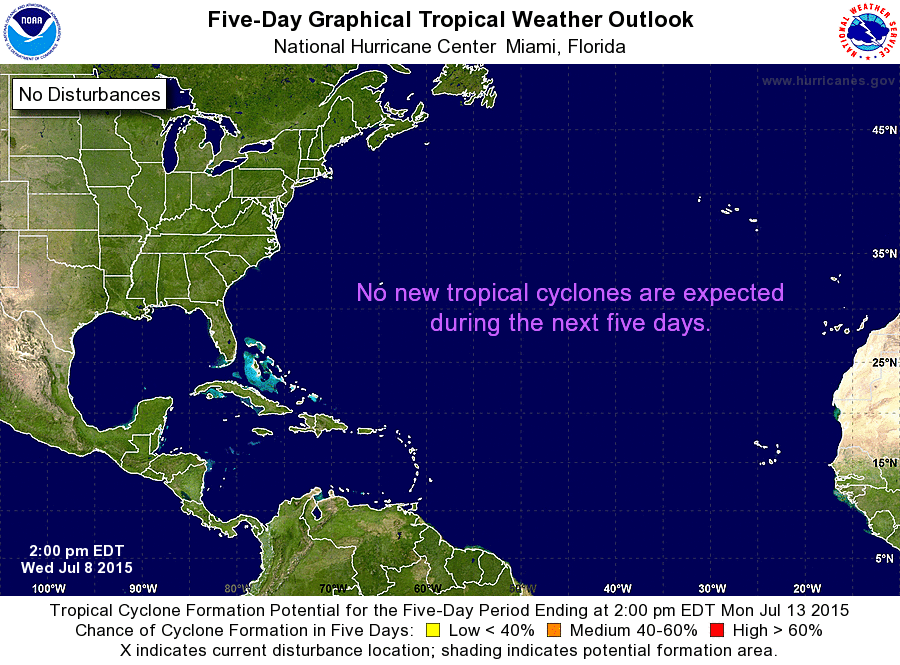
For the North Atlantic...Caribbean Sea and the Gulf of Mexico:

Tropical cyclone formation is not expected during the next 5 days.

Forecaster Brennan